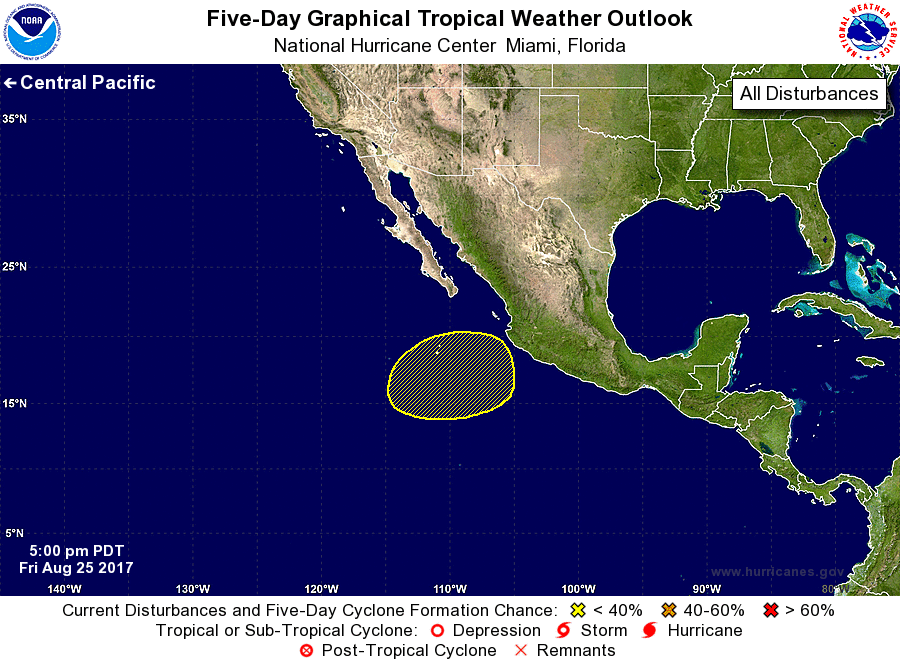
For the eastern North Pacific...east of 140 degrees west longitude:

1. An area of low pressure is expected to develop a few hundred miles south of the southern tip of Baja California in the next few days. Environmental conditions appear favorable for some gradual development by mid-week while the system moves slowly generally northward.
* Formation chance through 48 hours...low...near 0 percent.
* Formation chance through 5 days...low...30 percent.

Forecaster Landsea